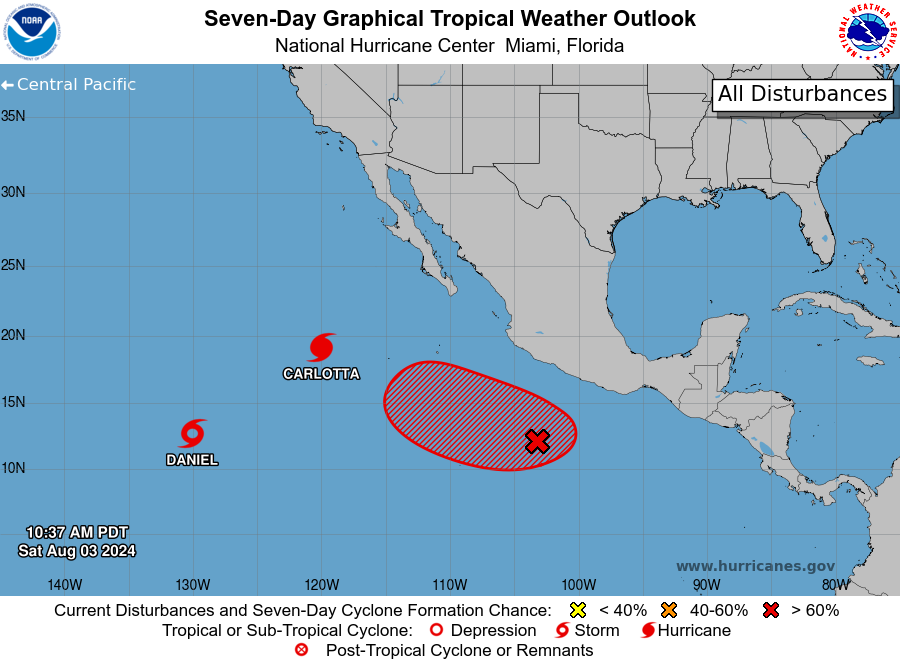
For the eastern North Pacific...east of 140 degrees west longitude:

Active Systems: The National Hurricane Center is issuing advisories on Hurricane Carlotta, located several hundred miles west-southwest of the southern tip of the Baja California peninsula and on newly formed Tropical Storm Daniel, located more than one thousand miles to the west-southwest of the southern Tip of the Baja California peninsula.

1. South of Southern Mexico (EP96): A large area of disorganized showers and thunderstorms located a few hundred miles south of southern Mexico continues to be associated with a broad area of low pressure. Environmental conditions appear generally conducive for gradual development, and a tropical depression is likely to form by early next week while the system moves westward to west-northwestward at 10 to 15 mph, staying well offshore of the coast of Mexico.
* Formation chance through 48 hours...high...70 percent.
* Formation chance through 7 days...high...90 percent.

Public Advisories on Tropical Storm Daniel are issued under WMO header WTPZ34 KNHC and under AWIPS header MIATCPEP4. Forecast/Advisories on Tropical Storm Daniel are issued under WMO header WTPZ24 KNHC and under AWIPS header MIATCMEP4.

Forecaster Papin